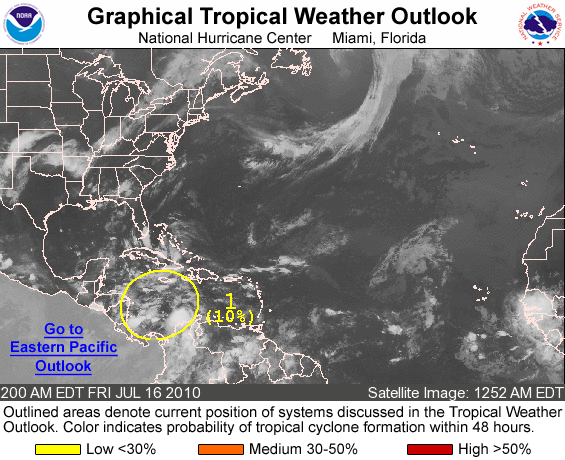
FOR THE NORTH ATLANTIC...CARIBBEAN SEA AND THE GULF OF MEXICO...

1. A TROPICAL WAVE INTERACTING WITH AN UPPER-LEVEL TROUGH IS PRODUCING A LARGE BUT DISORGANIZED AREA OF CLOUDINESS AND SHOWERS OVER THE CENTRAL AND SOUTHWESTERN CARIBBEAN SEA. ADDITIONAL DEVELOPMENT OF THIS SYSTEM...IF ANY...WILL BE SLOW TO OCCUR AS IT MOVES SLOWLY WESTWARD...LIKELY BRINGING HEAVY RAINS TO PORTIONS OF CENTRAL AMERICA OVER THE NEXT COUPLE OF DAYS. THERE IS A LOW CHANCE...10 PERCENT...OF THIS SYSTEM BECOMING A TROPICAL CYCLONE DURING THE NEXT 48 HOURS.

ELSEWHERE...TROPICAL CYCLONE FORMATION IS NOT EXPECTED DURING THE NEXT 48 HOURS.

FORECASTER BERG